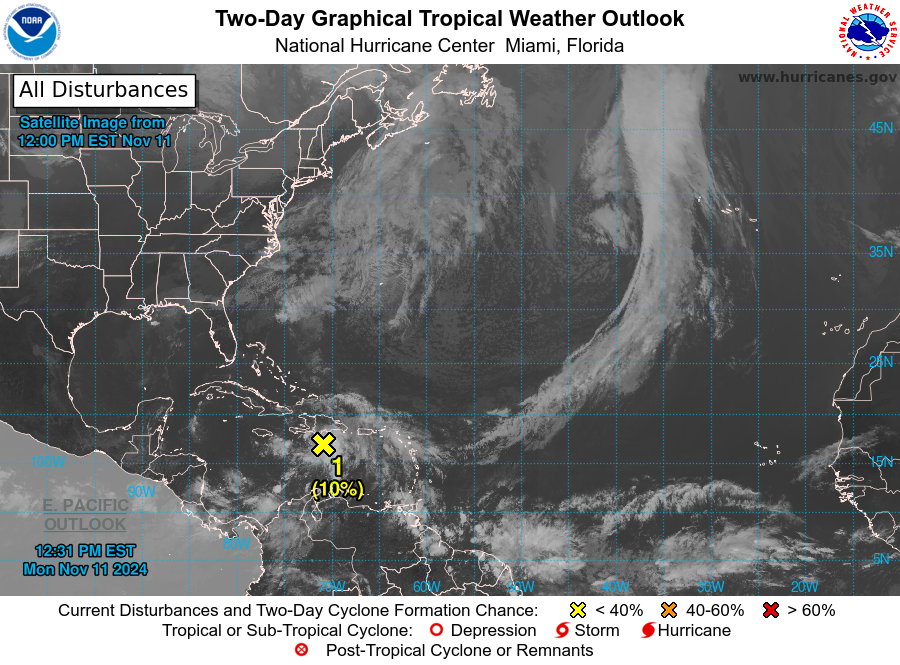
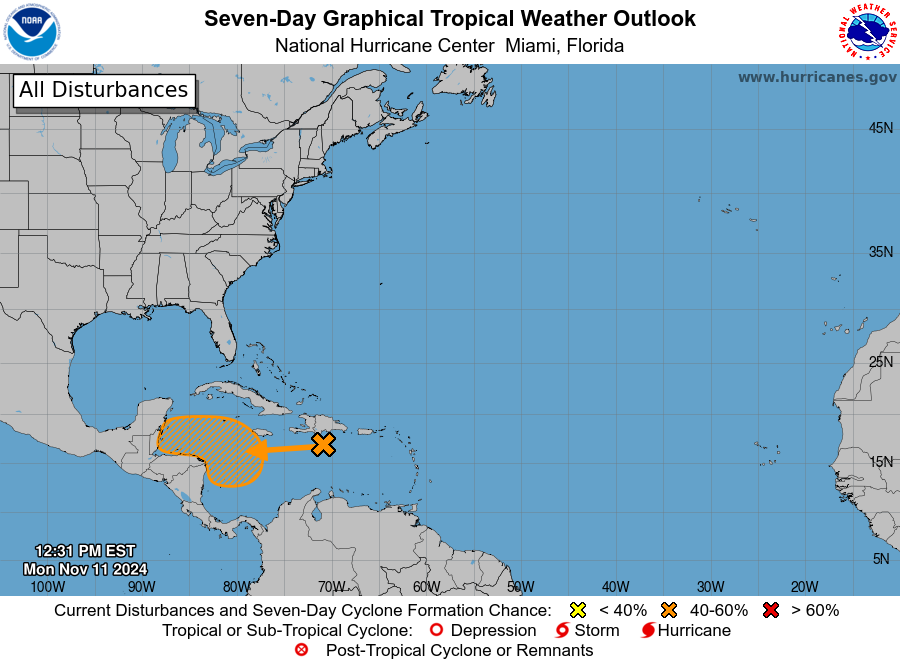
For the North Atlantic...Caribbean Sea and the Gulf of Mexico:

1. Central and Western Caribbean Sea: An area of disorganized showers and thunderstorms to the south of Hispaniola over the central Caribbean Sea is associated with a tropical wave. This system is expected to move slowly westward during the next few days, and environmental conditions appear conducive for gradual development. A tropical depression could form late this week or this weekend while meandering over the western Caribbean Sea.
* Formation chance through 48 hours...low...10 percent.
* Formation chance through 7 days...medium...50 percent.

Forecaster Reinhart